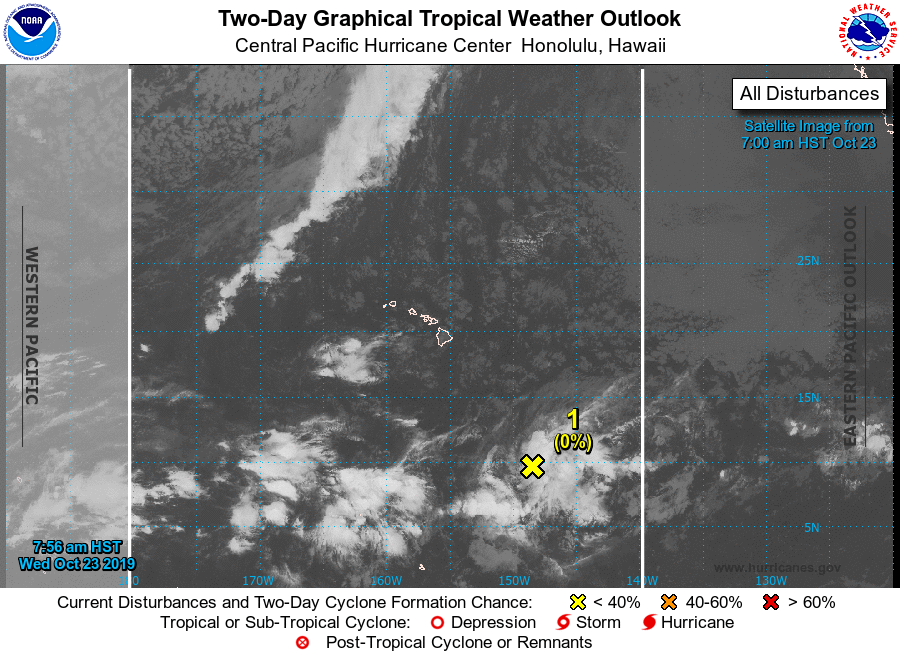
For the central North Pacific...between 140W and 180W:

1. Showers and thunderstorms associated with an elongated area of low pressure about 800 miles southeast of Hilo, Hawaii, has become more disorganized over the past 24 hours. Upper-level winds are not expected to be conducive for further development of this system.
* Formation chance through 48 hours...low...near 0 percent.
* Formation chance through 5 days...low...near 0 percent.

Elsewhere, no tropical cyclones are expected during the next 5 days.

Forecaster Kino